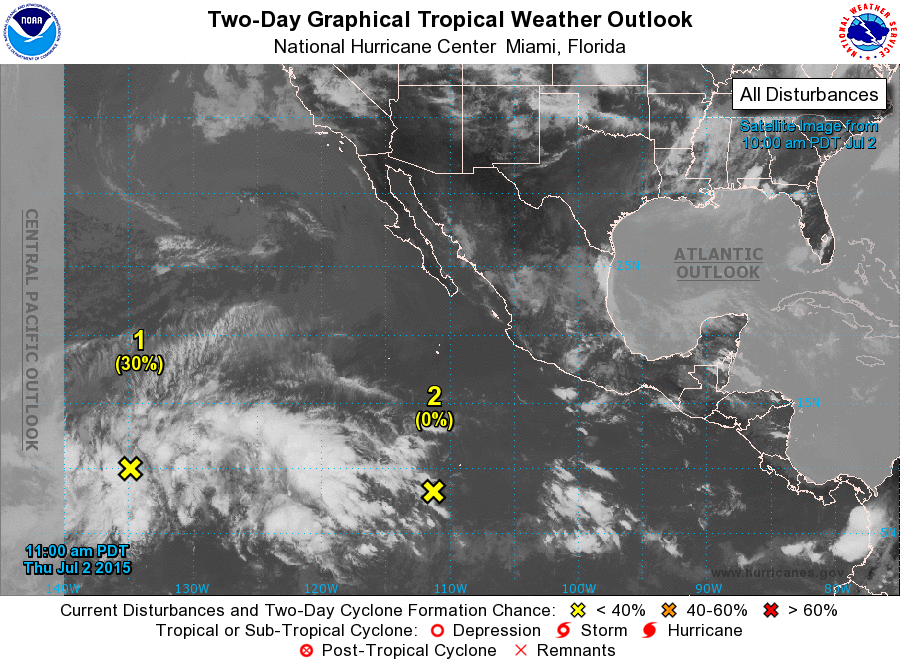
For the eastern North Pacific...east of 140 degrees west longitude:

1. A large area of disturbed weather is located over the far southwestern eastern Pacific centered about 1500 miles east-southeast of the Hawaiian Islands. Environmental conditions are forecast to become conducive for gradual development of this system over the next several days while it moves slowly west-northwestward.
* Formation chance through 48 hours...low...30 percent
* Formation chance through 5 days...medium...60 percent

2. A tropical wave located several hundred miles southwest of Manzanillo Mexico is producing disorganized showers and thunderstorms. Upper-level conditions are forecast to become conducive for some development of this system early next week while it moves to the west-northwest at 10 to 15 mph.
* Formation chance through 48 hours...low...near 0 percent
* Formation chance through 5 days...low...30 percent

Forecaster Blake